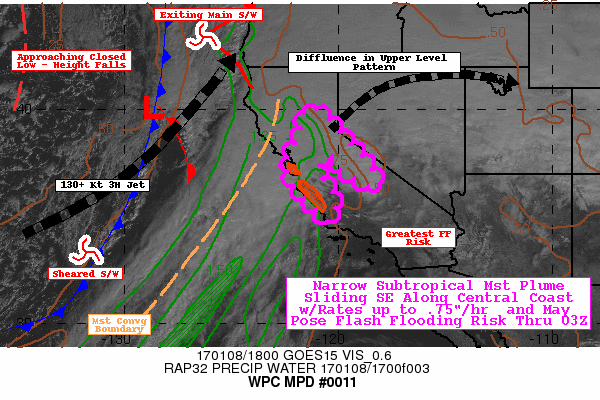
AREAS AFFECTED...CENTRAL CALIFORNIA

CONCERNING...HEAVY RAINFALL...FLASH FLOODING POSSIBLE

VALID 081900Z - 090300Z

SUMMARY...HEIGHT FALLS FROM DEEPER POLAR LOW AND EXITING SHORTWAVE
WILL SUPPORT A SOUTH AND EASTWARD SHIFT AND NARROWING OF THE
SUBTROPICAL MOISTURE PLUME THROUGH THE AFTERNOON HOURS. FLASH
FLOODING REMAINS POSSIBLE GIVEN ANTECEDENT CONDITIONS PARTICULARLY
IN BURN SCARS.

DISCUSSION...BROADER SCALE GOES-W WV SHOWS THE LAST REMAINING FORM
OF THE SHEARED UPPER LOW THAT WAS OUT NEAR 145W YESTERDAY IS
LOCATED JUST NW OF THE 30N130W BENCHMARK WITH INCREASING
NORTHWESTERLY FLOW/HEIGHT FALLS BEGINNING TO DESCEND FROM THE
ENERGY AROUND THE MAIN UPPER LOW NORTH OF 40N.  THIS HAS LEAD TO
INCREASED CONFLUENCE OF THE MID TO UPPER LEVEL FLOW OFFSHORE OF
CENTRAL CALIFORNIA AND SW MAKING DETECTION OF INCREASED
DPVA/FORCING PACKETS LESS DISCERNIBLE.  YET DUE TO THE REMAINDER
OF THE SHEARED WAVE...ONE CAN BE TRACKED SUPPORTING A LOCALIZED
INCREASE IN DEEPER CONVECTION NEAR 36N124W WHICH BASED ON LINEAR
EXTRAPOLATION SHOULD REACH THE SANTA CRUZ RANGE ABOUT 19-20Z.
NORTHEAST OF THIS WAVE...THERE SHOULD REMAIN GENERAL UPPER LEVEL
DIFFLUENCE TO KEEP THE SWLY LOW LEVEL MOISTURE PLUME A BIT BROADER
ALLOWING FOR INCREASED DURATION OF MODERATE TO HEAVY RAINFALL FOR
THE CENTRAL VALLEY INTO THE NORTHERN AND CENTRAL SIERRAS.  OPPOSED
TO SOUTH AND WEST OF THE INFLECTION THE SWLY WILL CONTINUE TO BE
VERY MOIST WITH STRONG FLUX AHEAD OF THE FRONT BUT WILL BE A BIT
NARROWER...SO INCREASED RATES ALONG THE COASTAL FRONT BUT SHORTER
DURATION AS THE MOISTURE AXIS SLIDES SOUTH AND SHIFTS FROM SSW-NNE
ORIENTATION TO MORE SW TO NE TRACKING ALONG THE SANTA LUCIA RANGE
TOWARD 22-00Z.

COASTAL RANGES...
BLENDED TPW AND RR INDICATE VALUES ARE STEADILY INCREASING TOWARD
1.5" AS THE PLUME OF MOISTURE NARROWS WITH .5"/HR RATES DETECTED
(THOUGH LOCALLY HIGHER GIVEN LARGE FOOTPRINT FLATTENS THE VALUE
DUE TO AVERAGING).  THOUGH AS THE SHORTWAVE CONTINUES TO LIFT INTO
OR/WA AND FURTHER AWAY...LOW LEVEL FLOW WILL SLACKEN AS WELL FROM
50KTS TO 35-40 KTS AT 850MB TOWARD 00Z REDUCING SOME ENHANCEMENT
OF RATES OVER .5"/HR IN SW FACING OROGRAPHY IN MONTEREY/SAN LUIS
OBISPO AND EVENTUALLY SANTA BARBARA COUNTY.  FLASH FLOODING/DEBRIS
FLOWS SHOULD REMAIN A THREAT ALONG THIS REGION ESPECIALLY IN BURN
SCARS.  THIS SCENARIO IS SUPPORTED BY MUCH OF THE HI-RES GUIDANCE
BUT CURRENTLY FAVORING THE TIMING OF THE RECENT ESRL EXP. HRRR AND
WRF-ARW...THIS WOULD ACCOUNT FOR 2.5-3.5" FOR THE SANTA CRUZ RANGE
AND NORTHERN SANTA LUCIA THROUGH 03Z.

CENTRAL VALLEY/SIERRA NEVADA RANGE...
BROAD MID-LEVEL/UPPER LEVEL ASCENT FROM DIFFLUENCE FROM EXITING
SHORTWAVE TROF AND ASSOCIATED 130 KT JET FURTHER NORTH WILL
SUPPORT A BROADER PLUME OF CONTINUING SHOWERS ACROSS THE CENTRAL
VALLEY WITH UP TO AN ADDITIONAL .75-1.0" ACROSS SACRAMENTO/W EL
DORADO AND N SAN JOAQUIN COUNTIES.  STRONGER ASCENT DUE TO THE
SLOPES OF THE SIERRAS WILL CONTINUE SUPPORTING RATES UP TO .5"/HR
THROUGH 00Z WITH THE POTENTIAL OF AN ADDITIONAL 4-6" FROM BUTTE TO
E EL DORADO COUNTY.  TOTALS OF 3-5" ARE EXPECTED FURTHER SOUTH
ALONG THE SOUTHERN SIERRAS DUE TO PERSISTENT SWLY ASCENT PRIOR TO
THE MAIN MOISTURE AXIS SLIDING SEWARD ALONG IT WITH RATES OF
.1-.25"/HR PRIOR TO THE PLUME AND .5-.75"/HR DURING THE NARROW
PLUME OF INCREASED TPWS MARCHES STARTING AROUND 22Z IN ALPINE
COUNTY REACHING MADERA COUNTY ABOUT 01-02Z.